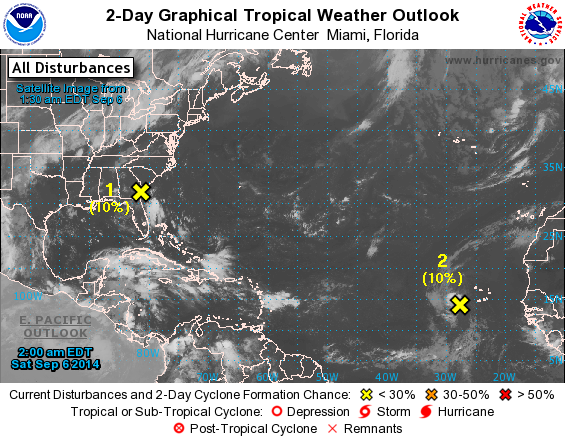
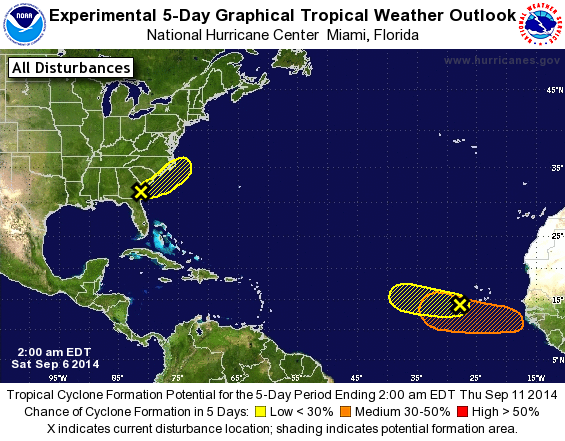
For the North Atlantic...Caribbean Sea and the Gulf of Mexico:

1. A weak area of low pressure located near the coast of Georgia is producing disorganized cloudiness and showers mainly over the Atlantic coastal waters. Any development of this low is expected to be slow to occur during the next few days while it drifts northeastward close to the coast of the southeast United States. After that time, strong upper-level winds are expected to limit the chances of development.
* Formation chance through 48 hours...low...10 percent.
* Formation chance through 5 days...low...20 percent.

2. An elongated area of low pressure located a few hundred miles southwest of the Cape Verde Islands continues to produce disorganized showers and thunderstorms. Significant development of this system is not expected due to an unfavorable dry airmass over the tropical Atlantic Ocean.
* Formation chance through 48 hours...low...10 percent.
* Formation chance through 5 days...low...10 percent.

3. A tropical wave is forecast to move off the west coast of Africa by late Sunday. Environmental conditions could support slow development of this system early next week while it moves toward the west or west-northwest over the eastern tropical Atlantic Ocean.
* Formation chance through 48 hours...low...near 0 percent.
* Formation chance through 5 days...medium...30 percent.

Forecaster Cangialosi